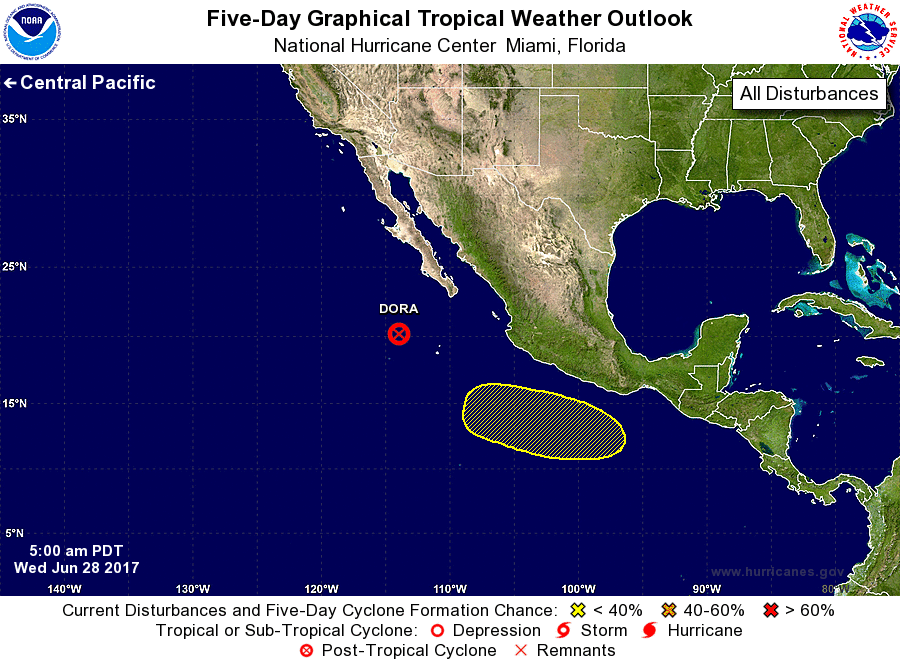
For the eastern North Pacific...east of 140 degrees west longitude:

The National Hurricane Center is issuing advisories on Tropical Storm Dora, located a few hundred miles southwest of the southern tip of the Baja California peninsula.

1. A broad area of low pressure is expected to form late this week a few hundred miles south of the southern coast of Mexico. Some gradual development of this system is possible by early next week while it moves west-northwestward.
* Formation chance through 48 hours...low...near 0 percent.
* Formation chance through 5 days...low...20 percent.

Forecaster Beven